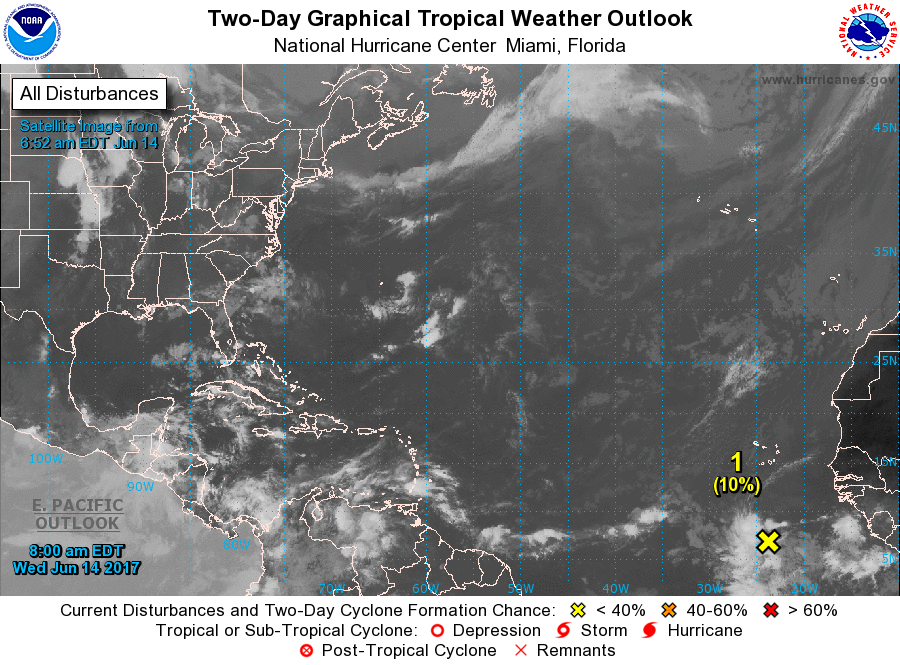
For the North Atlantic...Caribbean Sea and the Gulf of Mexico:

1. A large area of showers and thunderstorms several hundred miles south of the Cabo Verde Islands is associated with a strong tropical wave. Development, if any, of this system is expected to be slow to occur during the next several days while the wave moves westward near 20 mph over the tropical Atlantic.
* Formation chance through 48 hours...low...10 percent.
* Formation chance through 5 days...low...20 percent.

2. A broad area of low pressure is expected to form over the northwestern Caribbean Sea and adjacent land areas by the weekend. Some gradual development of this system is possible thereafter while it moves slowly northwestward toward the southwestern Gulf of Mexico.
* Formation chance through 48 hours...low...near 0 percent.
* Formation chance through 5 days...low...20 percent.

Forecaster Cangialosi